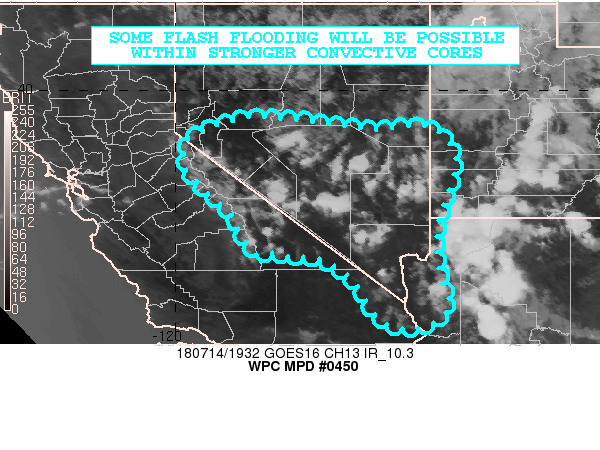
AREAS AFFECTED...EASTERN CA...CENTRAL/SOUTHERN NV...FAR SOUTHWEST
UT...FAR NORTHWEST AZ

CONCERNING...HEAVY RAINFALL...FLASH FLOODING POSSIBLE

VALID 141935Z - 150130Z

SUMMARY...SHOWERS AND THUNDERSTORMS WITH LOCALLY HEAVY RAINFALL
WILL PROMOTE SOME FLASH FLOODING POTENTIAL.

DISCUSSION...THE LATEST GOES-16 CLEAN IR SATELLITE IMAGERY IS
SHOWING COOLING CONVECTIVE TOPS OVER AREAS OF THE CENTRAL
SIERRA-NEVADA AND EAST OVER A LARGE AREA OF CENTRAL/SOUTHERN NV.
PLENTY OF MONSOONAL MOISTURE REMAINS IN PLACE ACROSS THIS REGION
WITH PWATS AS MUCH AS 2 TO 3 STANDARD DEVIATIONS ABOVE NORMAL.
THIS MOISTURE IN CONJUNCTION WITH STRONG DIURNAL HEATING IS
RESULTING IN MLCAPE VALUES OF AS MUCH AS 1500 TO 2000+ J/KG...WITH
MUCH OF THE INSTABILITY NOTED OVER SOUTHERN NV.

SHOWERS AND THUNDERSTORMS WILL CONTINUE TO DEVELOP AND EXPAND IN
COVERAGE THIS AFTERNOON GIVEN THE MODERATE TO STRONGLY UNSTABLE
BOUNDARY LAYER...AND WITH A GENERAL TENDENCY TO BE OROGRAPHICALLY
FOCUSED. THERE IS ALSO PROXIMITY OF A WEAK MID LEVEL SHORTWAVE
TROUGH OVER CENTRAL AND EASTERN NV THAT IS DRIFTING TOWARD WESTERN
UT...AND THIS WILL PROMOTE SOME VERY MODEST FORCING ALOFT ALONG
WITH RELATIVELY STEEPER MID LEVEL LAPSE RATES FOR CONVECTIVE
GROWTH.

EXPECT RAINFALL RATES OF AS MUCH AS 1 TO 1.5 INCHES/HR WITH THE
STRONGER CONVECTIVE CORES AND THIS IS CONSISTENT WITH THE LATEST
HIRES CAM GUIDANCE. SOME FLASH FLOODING WILL BE POSSIBLE AS A
RESULT.